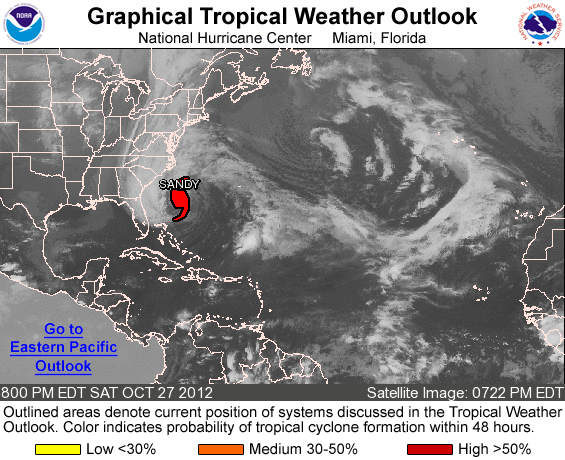
FOR THE NORTH ATLANTIC...CARIBBEAN SEA AND THE GULF OF MEXICO...

THE NATIONAL HURRICANE CENTER IS ISSUING ADVISORIES ON HURRICANE SANDY...LOCATED ABOUT 330 MILES SOUTH OF CAPE HATTERAS NORTH CAROLINA.

ELSEWHERE...TROPICAL STORM FORMATION IS NOT EXPECTED DURING THE NEXT 48 HOURS.

FORECASTER BLAKE